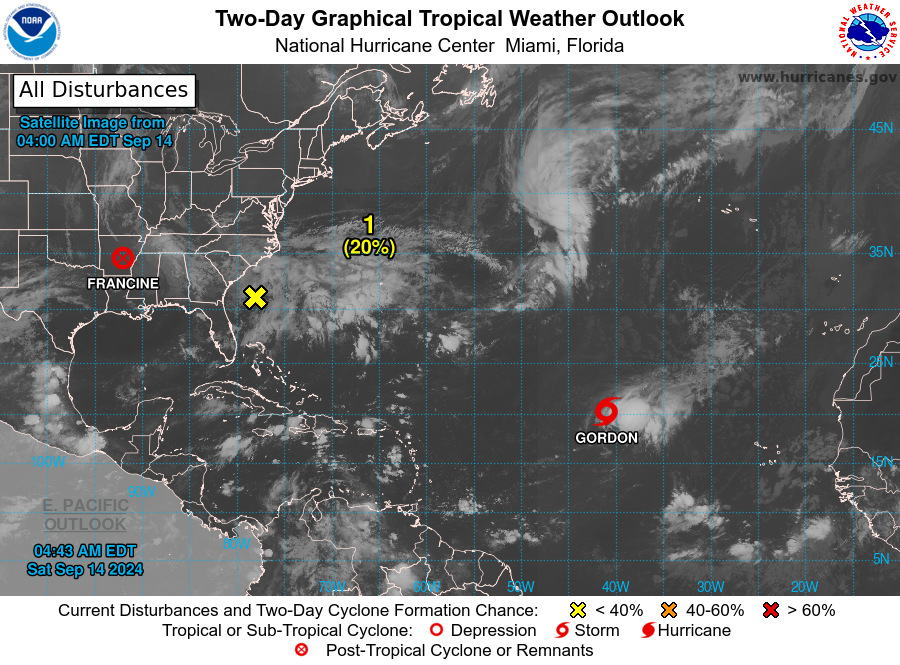
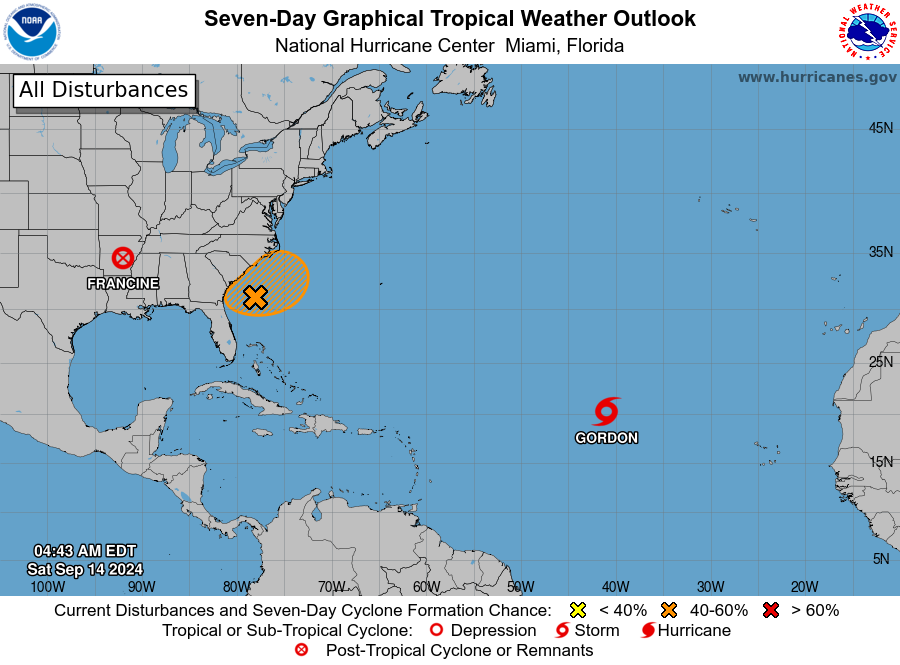
For the North Atlantic...Caribbean Sea and the Gulf of Mexico:

Active Systems: The National Hurricane Center is issuing advisories on Tropical Storm Gordon, located over the central tropical Atlantic Ocean. The Weather Prediction Center has issued the final advisory on Post-Tropical Cyclone Francine, located inland over Arkansas.

1. Offshore the Southeastern U.S.: A non-tropical area of low pressure is expected to form this weekend along a frontal boundary a few hundred miles off the southeastern U.S. coastline. The system could gradually acquire subtropical or tropical characteristics thereafter over the warm waters of the Gulf Stream, and a subtropical or tropical depression or storm could form early next week while the system moves generally northwestward toward the coast. Additional information on this system can be found in products issued by your local National Weather Service Forecast Office and High Seas Forecasts issued by the National Weather Service.
* Formation chance through 48 hours...low...20 percent.
* Formation chance through 7 days...medium...50 percent.

High Seas Forecasts issued by the National Weather Service can be found under AWIPS header NFDHSFAT1, WMO header FZNT01 KWBC, and online at ocean.weather.gov/shtml/NFDHSFAT1.php

Forecaster Reinhart